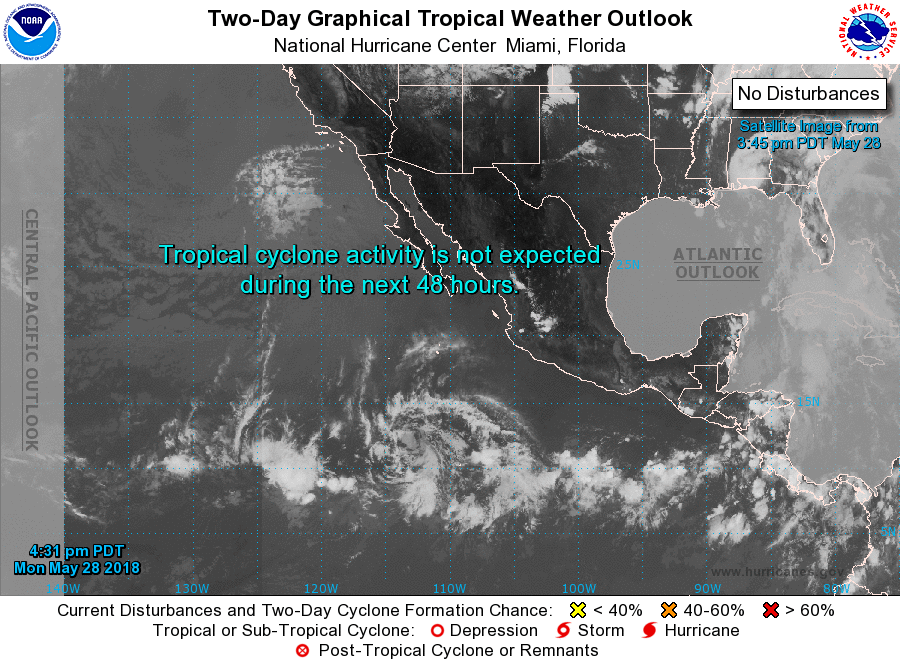
For the eastern North Pacific...east of 140 degrees west longitude:

Tropical cyclone formation is not expected during the next 5 days.

Forecaster Landsea